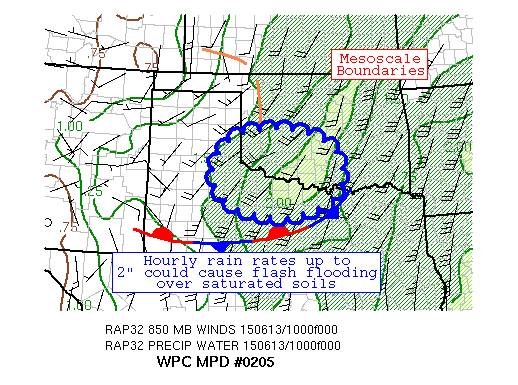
AREAS AFFECTED...SOUTHWEST OK & NORTH-CENTRAL TX

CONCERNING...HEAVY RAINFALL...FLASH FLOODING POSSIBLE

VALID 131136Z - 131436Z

SUMMARY...THUNDERSTORMS ARE REDEVELOPING NEAR THE OK/TX BORDER,
CLOSE TO AN AREA WHICH RECEIVED 3-5" OF RAIN OVERNIGHT.  FLASH
FLOODING IS POSSIBLE IN THIS REGION.

DISCUSSION...THUNDERSTORMS ARE FORMING/INCREASING IN COVERAGE WITH
COOLING CLOUD TOPS IN AN ELEVATED FASHION OVER AN OUTFLOW BOUNDARY
NEAR A REGION OF SLIGHT CONVERGENCE AT 850 HPA.  THE 00Z ARW, 00Z
NMMB, 00Z WRF4NSSL, 00Z NAM CONEST, AND 09Z-10Z HRRR RUNS HAD A
SIGNAL FOR HEAVY RAINFALL IN THIS REGION DURING THE MORNING HOURS.
 FLASH FLOOD GUIDANCE HAS LOWERED IN THIS REGION DUE TO 3-5"
RAINFALL ESTIMATES FROM ACTIVITY FRIDAY AND FRIDAY NIGHT, DOWN TO
1.5" IN THREE HOURS.  INFLOW AT 850 HPA OF 25-35 KTS IS OVERRIDING
THE OUTFLOW BOUNDARY (10 KTS STRONGER THAN THE MEAN 850-400 HPA
WIND), PER VAD WIND PROFILES FROM CENTRAL TX AND RECENT RAP
FORECASTS.  PRECIPITABLE WATER VALUES ARE 1.4-1.8" PER GPS
INFORMATION, 2-2.5 SIGMAS ABOVE THE MEAN FOR MID-JUNE.  MUCAPES IN
THE AREA REMAIN 1000+ J/KG FOR THE TIME BEING.

FORWARD PROPAGATING CORFIDI VECTORS SUGGEST A 10 KT MOVEMENT, WITH
AN EASTERLY HEADING WHICH IS A BLEND OF THE INDICATIONS OF THE
1000-500 HPA THICKNESS PATTERN AND THE PROPAGATION VECTORS.  RAP
FORECASTS INDICATE THAT 850 HPA INFLOW AND MUCAPES IN THE REGION
WANE BY 14Z, WHICH IS LIKELY WHEN ANY SHORT TERM THUNDERSTORM
ACTIVITY SHOULD WANE.  THE MESOSCALE QPF GUIDANCE MENTIONED ABOVE
GENERALLY FORECASTS LOCAL AMOUNTS OF 3-5" NEAR THIS REGION -- THE
00Z NMMB AND 00Z WRF4NSSL APPEAR BEST PLACED PER CURRENT
CONVECTIVE TRENDS.  UNTIL 14Z, THE AVAILABLE MOISTURE SUPPORTS
HOURLY RAIN RATES UP TO 2", WHICH COULD CAUSE FLASH FLOODING OVER
RECENTLY SATURATED SOILS.  USED THE POSSIBLE CATEGORY AS THE
CONVECTIVE GROWTH HAS BEEN SLOW THUS FAR.